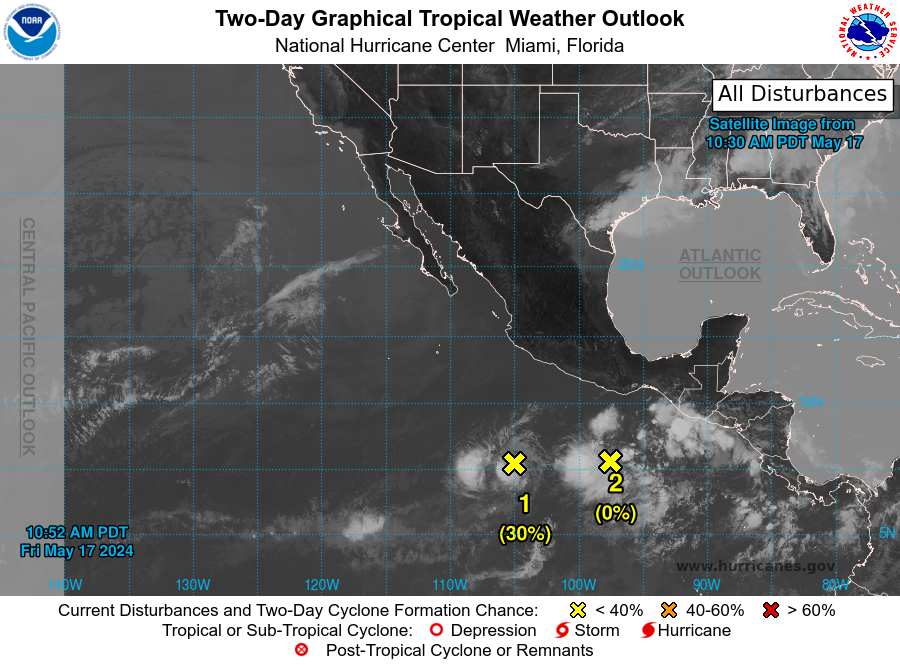
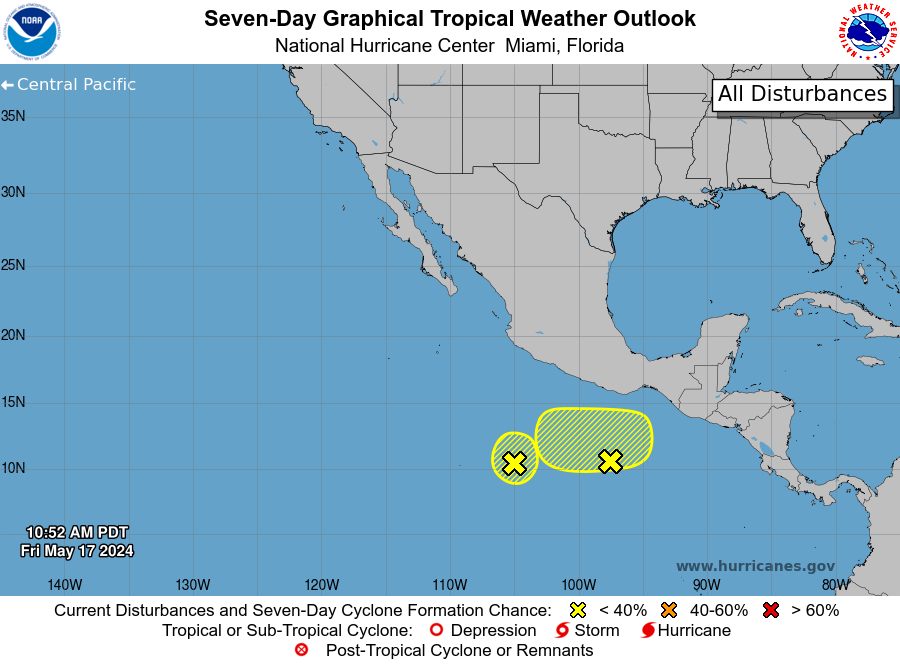
For the eastern North Pacific...east of 140 degrees west longitude:

1. South of the Coast of Southwestern Mexico: An elongated area of low pressure located several hundred miles offshore of the coast of southwestern Mexico continues to produce a small area of showers and thunderstorms. While environmental conditions appear only marginally favorable due to nearby dry air, some development of this system is possible during the next day or so as the low remains nearly stationary. By late this weekend, the low is forecast to interact or merge with another system to its east, and further development is not expected.
* Formation chance through 48 hours...low...30 percent.
* Formation chance through 7 days...low...30 percent.

2. South of the Coast of Southern Mexico: Disorganized showers and thunderstorms located several hundred miles to the south of southern Mexico are associated with a trough of low pressure. Development of this system, if any, should be slow to occur as the disturbance moves slowly westward during the next few days.
* Formation chance through 48 hours...low...near 0 percent.
* Formation chance through 7 days...low...20 percent.

Forecaster Reinhart